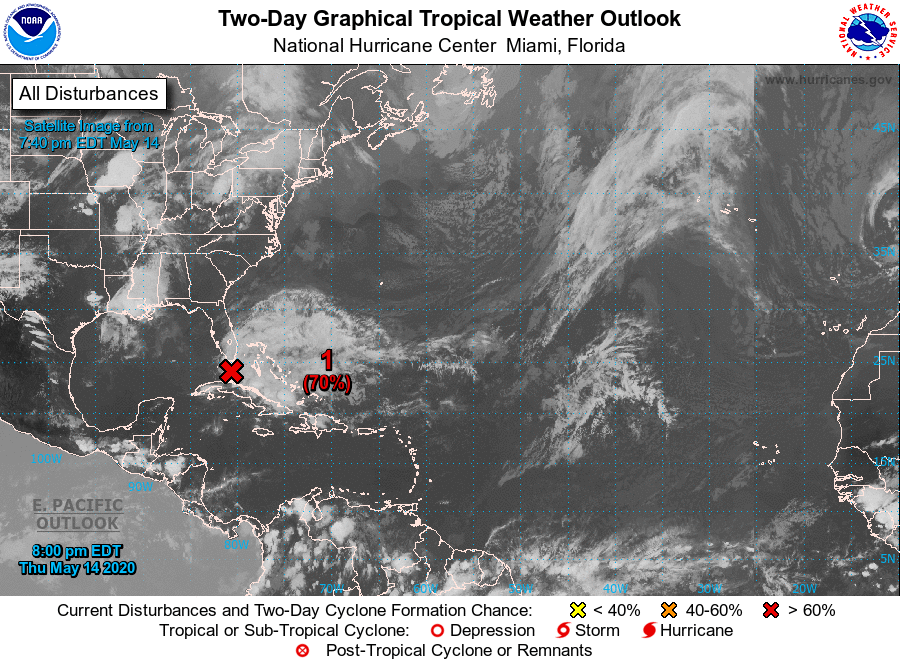
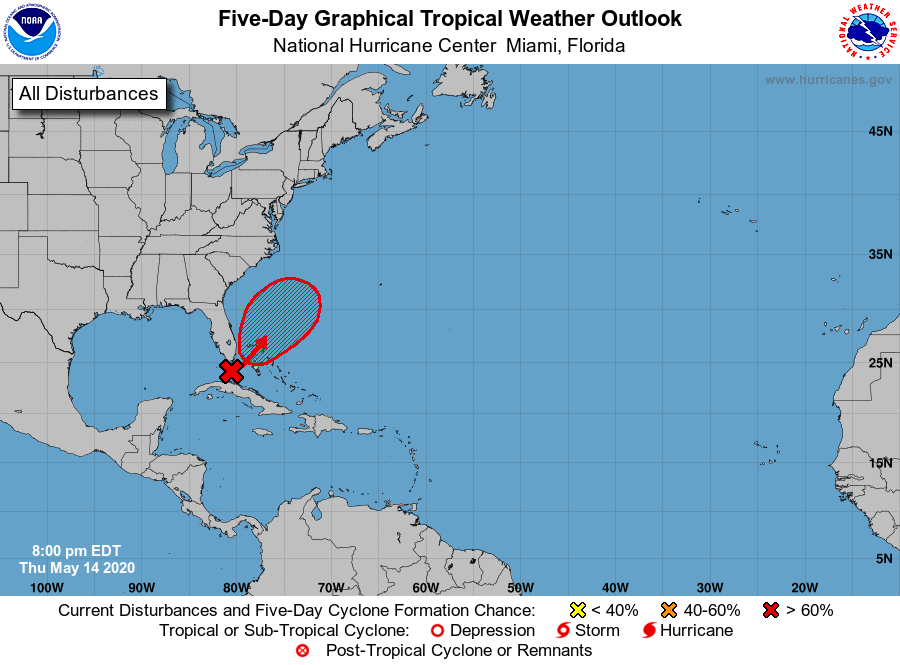
For the North Atlantic...Caribbean Sea and the Gulf of Mexico:

Special Tropical Weather Outlook issued to discuss the potential for tropical or subtropical development near the northwest Bahamas.

A trough of low pressure located over the Straits of Florida continues to produce disorganized shower activity and gusty winds across the Florida Keys, portions of extreme south Florida, and the northwestern Bahamas. Gradual development of this system is expected, and it will likely become a tropical or subtropical storm by late Friday or Saturday when it is located near the northwestern Bahamas. Later in the weekend and early next week, the system is expected to move generally northeastward over the western Atlantic.

1. Regardless of development, the disturbance will continue to bring heavy rainfall to portions of the Florida Keys, southeast Florida and the Bahamas through Saturday. Tropical-storm-force wind gusts are also possible across portions of the Florida Keys, southeast Florida, and the Bahamas during the next day or two. In addition, hazardous marine conditions are expected along the Florida east coast and in the Bahamas where Gale Warnings are in effect. See products from your local weather office and High Seas Forecasts for more details. An Air Force Reserve Hurricane Hunter aircraft is scheduled to investigate this system tomorrow, if necessary. The next Special Tropical Weather Outlook on this system will be issued by 9 AM EDT Friday, or earlier, if necessary.
* Formation chance through 48 hours...high...70 percent.
* Formation chance through 5 days...high...80 percent.

High Seas Forecasts issued by the National Weather Service can be found under AWIPS header NFDHSFAT1, WMO header FZNT01 KWBC, and available on the Web at ocean.weather.gov/shtml/NFDHSFAT1.shtml.

Forecaster Cangialosi